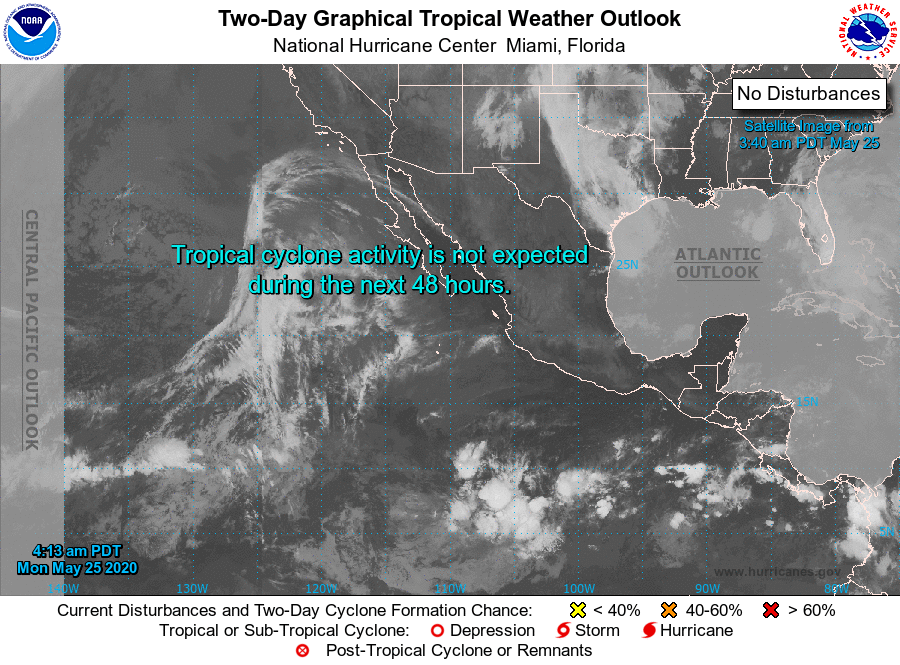
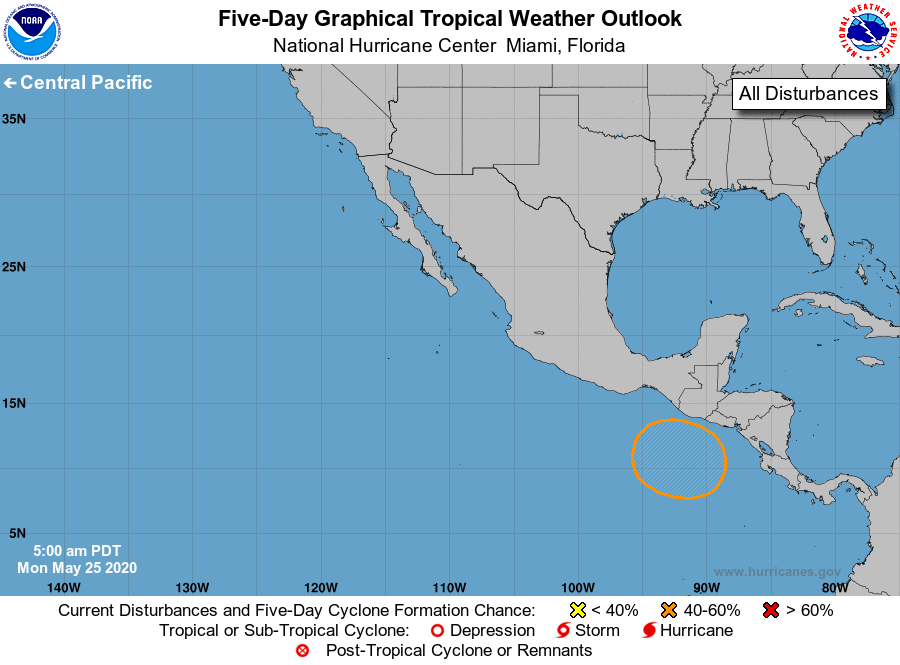
For the eastern North Pacific...east of 140 degrees west longitude:

1. A broad area of low pressure is expected to form later this week a few hundred miles south of the coasts of southern Mexico, Guatemala, and El Salvador. Conditions appear favorable for some development of this system while it moves little or drifts northward through the end of the week.
* Formation chance through 48 hours...low...near 0 percent.
* Formation chance through 5 days...medium...40 percent.

Forecaster Stewart